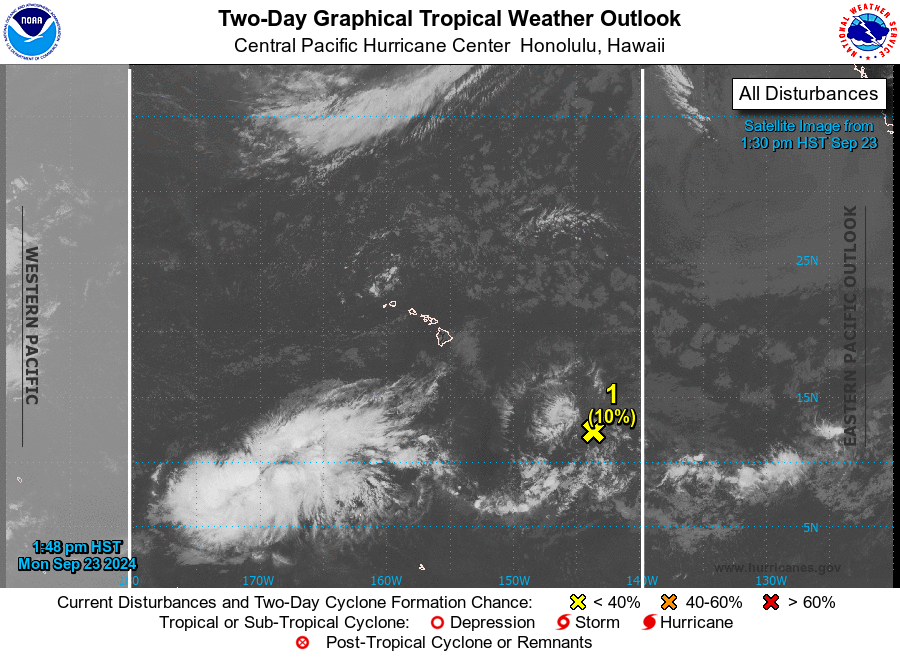
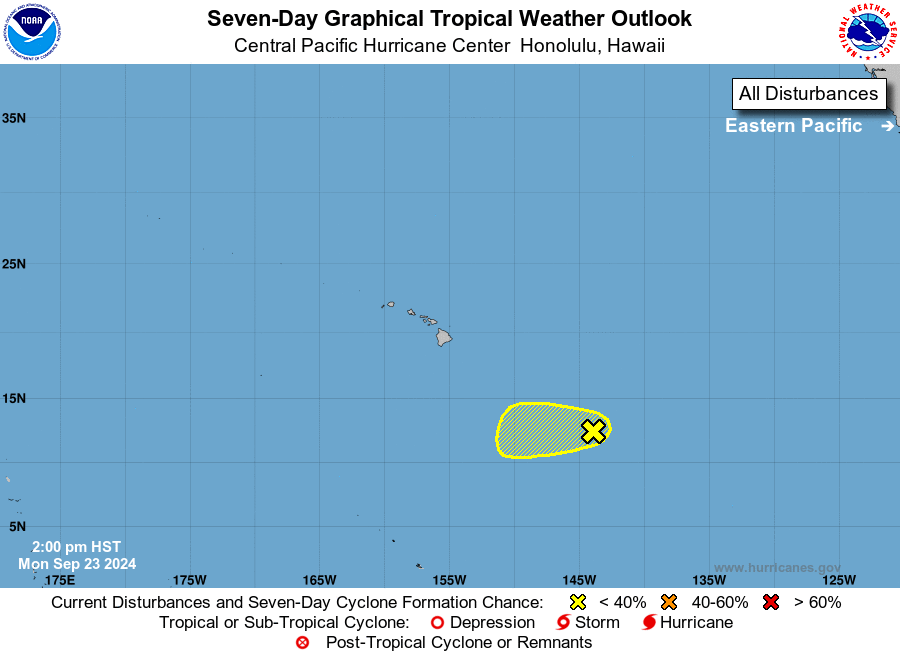
For the central North Pacific...between 140W and 180W:

1. Approximately 1000 miles southeast of Hilo, Hawaii: Showers and thunderstorms have diminished with the trough of low pressure located southeast of Hawaii. Environmental conditions will becoming increasing unfavorable for further development of this system as it moves westward at 5 to 10 mph.
* Formation chance through 48 hours...low...10 percent.
* Formation chance through 7 days...low...10 percent.

Forecaster Kino